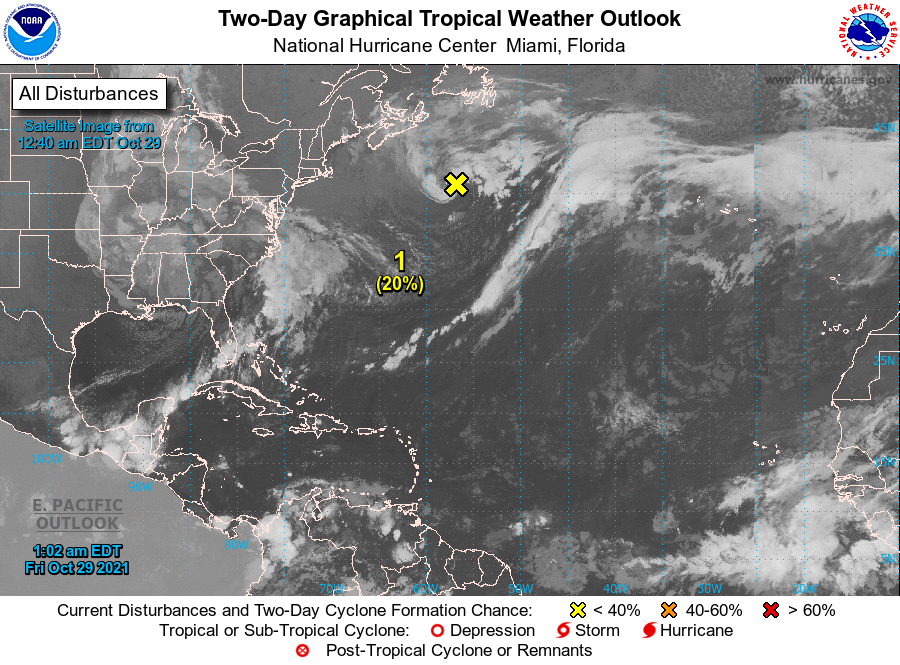
For the North Atlantic...Caribbean Sea and the Gulf of Mexico:

1. Showers and thunderstorms associated with a strong low pressure system located a few hundred miles south-southwest of Cape Race, Newfoundland, continue to show some signs of organization. However, the low is still attached to a front and therefore remains nontropical. The low is expected to move eastward and then southeastward toward slightly warmer warmers during the next few days, and it could lose its associated fronts and acquire some subtropical characteristics over the weekend or early next week while over the central Atlantic. For more information on this system, including gale warnings, see High Seas Forecasts issued by the National Weather Service.
* Formation chance through 48 hours...low...20 percent.
* Formation chance through 5 days...low...30 percent.

High Seas Forecasts issued by the National Weather Service can be found under AWIPS header NFDHSFAT1, WMO header FZNT01 KWBC, and online at ocean.weather.gov/shtml/NFDHSFAT1.php

Forecaster Berg